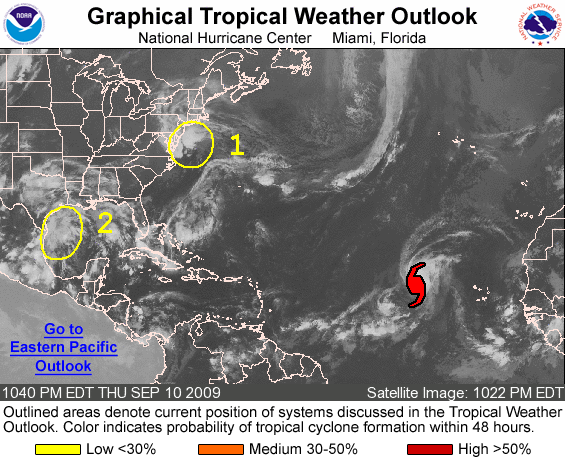
FOR THE NORTH ATLANTIC...CARIBBEAN SEA AND THE GULF OF MEXICO...

SPECIAL OUTLOOK ISSUED TO INCLUDE DISCUSSION OF LOW PRESSURE AREA JUST EAST THE MID-ATLANTIC COAST.

THE NATIONAL HURRICANE CENTER IS ISSUING ADVISORIES ON HURRICANE FRED...LOCATED ABOUT 740 MILES WEST OF THE CAPE VERDE ISLANDS.

1. UPDATED...SHOWER AND THUNDERSTORM ACTIVITY HAS INCREASED IN ASSOCIATION WITH A NON-TROPICAL AREA OF LOW PRESSURE LOCATED JUST EAST OF THE MID-ATLANTIC COAST. THIS SYSTEM REMAINS ASSOCIATED WITH A FRONTAL BOUNDARY AND AN UPPER-LEVEL LOW...AND DEVELOPMENT INTO A TROPICAL OR SUBTROPICAL CYCLONE IS NOT EXPECTED DUE TO UNFAVORABLE UPPER-LEVEL WINDS. THERE IS A LOW CHANCE...LESS THAN 30 PERCENT...OF THIS SYSTEM BECOMING A TROPICAL OR SUBTROPICAL CYCLONE DURING THE NEXT 48 HOURS. HEAVY RAIN...GUSTY WINDS...AND MINOR COASTAL FLOODING ARE POSSIBLE ALONG PORTIONS OF THE MID-ATLANTIC COAST OVER THE NEXT DAY OR SO. FOR ADDITIONAL INFORMATION...PLEASE REFER TO PRODUCTS ISSUED BY LOCAL NATIONAL WEATHER SERVICE OFFICES IN THE REGION AND HIGH SEAS FORECASTS ISSUED BY THE NATIONAL WEATHER SERVICE...UNDER AWIPS HEADER NFDHSFAT1 AND WMO HEADER FZNT01 KWBC.

2. WIDESPREAD SHOWERS AND THUNDERSTORMS OVER THE NORTHWESTERN GULF OF MEXICO ARE ASSOCIATED WITH A SURFACE TROUGH INTERACTING WITH A MID- TO UPPER-LEVEL LOW. UPPER-LEVEL WINDS ARE EXPECTED TO REMAIN UNFAVORABLE FOR DEVELOPMENT OF THIS SYSTEM AS IT REMAINS NEARLY STATIONARY NEAR THE TEXAS COAST DURING THE NEXT COUPLE OF DAYS. THERE IS A LOW CHANCE...LESS THAN 30 PERCENT...OF THIS SYSTEM BECOMING A TROPICAL CYCLONE DURING THE NEXT 48 HOURS. REGARDLESS OF DEVELOPMENT...LOCALLY HEAVY RAINFALL IS POSSIBLE ALONG THE GULF COAST FROM NORTHEASTERN MEXICO TO LOUISIANA OVER THE NEXT DAY OR TWO.

ELSEWHERE...TROPICAL CYCLONE FORMATION IS NOT EXPECTED DURING THE NEXT 48 HOURS.

FORECASTER BERG